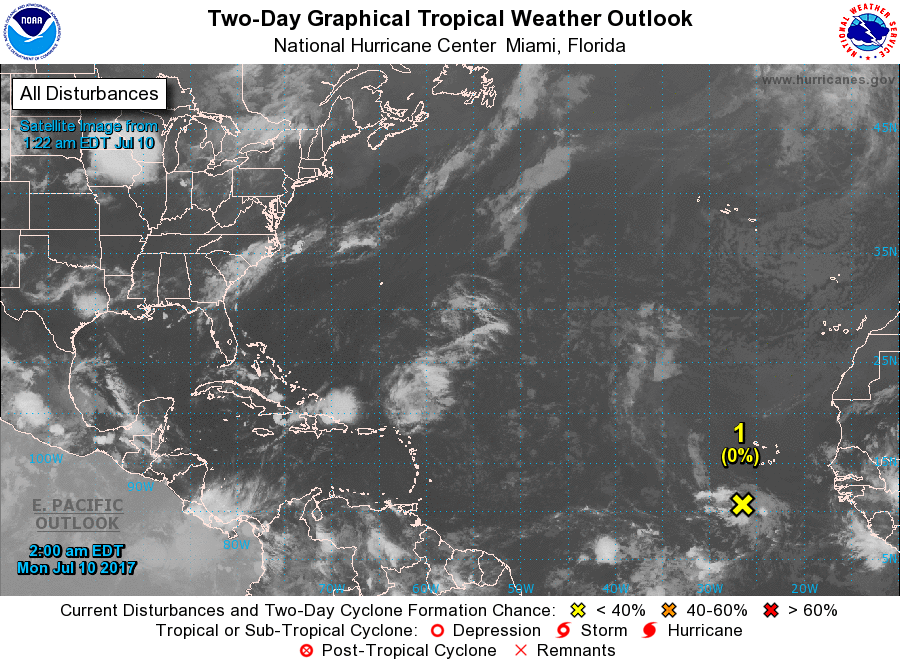
For the North Atlantic...Caribbean Sea and the Gulf of Mexico:

1. Disorganized showers and thunderstorms located several hundred miles southwest of the Cabo Verde Islands are associated with a tropical wave. Some gradual development is possible through the week while this system moves westward at about 20 mph across the tropical Atlantic Ocean.
* Formation chance through 48 hours...low...near 0 percent.
* Formation chance through 5 days...low...20 percent.

Forecaster Berg